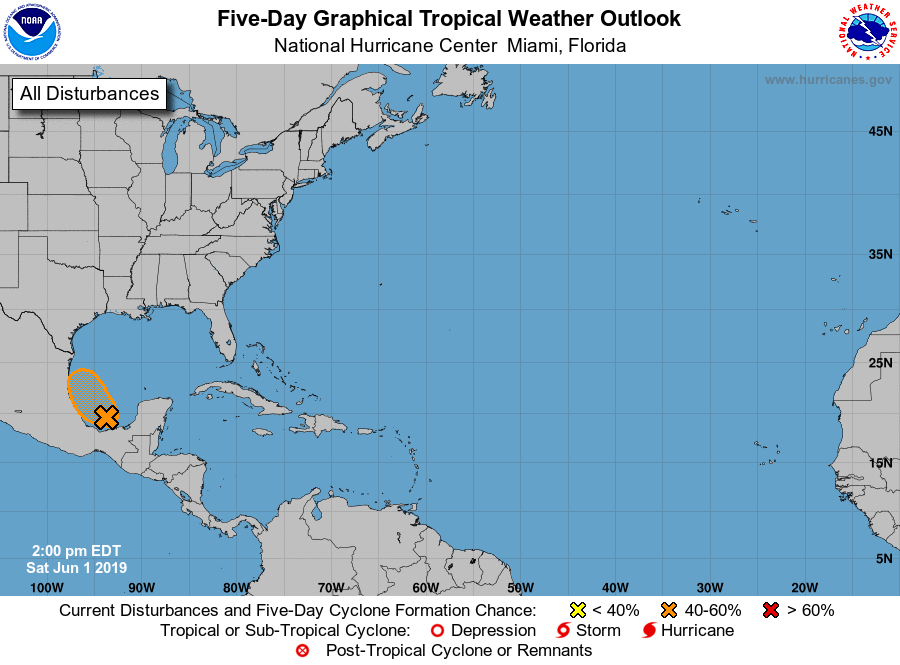
For the North Atlantic...Caribbean Sea and the Gulf of Mexico:

1. Recent satellite data indicate that circulation of a low pressure system located over the southern Bay of Campeche has become a little better defined today. However, the associated showers and thunderstorms remain disorganized. This system is expected to move slowly west-northwestward toward the coast of Mexico, and it could become a tropical cyclone before it moves inland early next week. Regardless of development, the disturbance will likely produce heavy rainfall over portions of southern and eastern Mexico during the next few days. An Air Force Reserve reconnaissance aircraft is scheduled to investigate the disturbance on Sunday, if necessary. Interests along the Gulf coast of Mexico should monitor the progress of this system.
* Formation chance through 48 hours...medium...60 percent.
* Formation chance through 5 days...medium...60 percent.

Forecaster Cangialosi